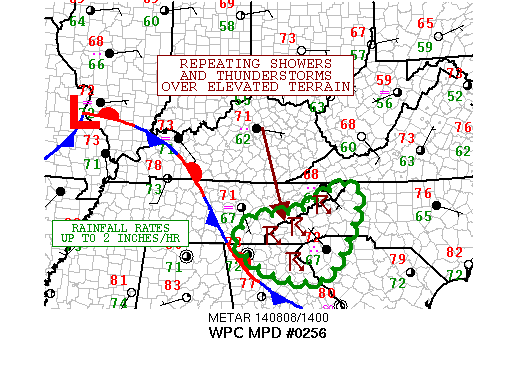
AREAS AFFECTED...EASTERN TN...WESTERN NC...NORTHWEST SC...NORTHERN
GA

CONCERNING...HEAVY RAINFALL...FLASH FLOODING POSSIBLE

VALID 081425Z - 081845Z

SUMMARY...SLOW-MOVING AND REPEATING WARM-TOPPED CONVECTION WILL
FOSTER INTENSE RAINFALL RATES AND POTENTIALLY EXCESSIVE TOTALS
THROUGH MIDDAY.

DISCUSSION...A WELL-DEFINED MCV AND ASSOCD SFC LOW CENTER OVER SRN
IL THIS MORNING IS VERY SLOWLY MOVING EASTWARD ALONG A FRONTAL
ZONE INVOLVING THE OH/TN VALLEYS. THE FRONT ACTUALLY EXTENDS SEWD
INTO CNTRL GA AND THEN EAST INTO THE SOUTHEAST COASTAL PLAIN.
MEANWHILE...A LARGE AREA OF DEEP MOISTURE WITH PWATS NEAR 2 INCHES
ARE POOLED ALONG AND JUST NORTH OF THE FRONT AS PER LATEST
GPS-DERIVED PWATS ARE NEAR 2 INCHES.

MODEST LOW LEVEL SWLY FLOW UP TO ABOUT 20 KTS IS OVERRUNNING THE
BNDRY...BUT THERE IS SUFFICIENT ELEVATED CAPE GIVEN THE LARGER
SCALE FORCING AHEAD OF THE MCV FOR NUMEROUS SHWRS/TSTMS. THE
ACTIVITY IS TENDING TO REPEAT GIVEN THE PERSISTENT LOW LVL FEED OF
MOIST/UNSTABLE AIR FROM THE TN VLY.

THE ONGOING CONVECTION IS WARM-TOPPED IN NATURE...AND AS A RESULT
RAINFALL PRODUCTION WILL BE PARTICULARLY EFFICIENT AND GIVEN THE
VERY HIGH PWAT ENVIRONMENT...RAINFALL RATES WILL BE QUITE INTENSE.
ALREADY RAINFALL RATES UPWARDS OF 2 INCHES/HR HAVE BEEN
NOTED...AND GIVEN THE SLOW-MOVEMENT AND REPETITIVE NATURE TO THE
CONVECTION...THERE WILL BE CONCERN FOR EXCESSIVE AMTS THROUGH
MIDDAY.

THE LATEST HI-RES MODEL GUIDANCE IS GENERALLY NOT HANDLING THE
CURRENT ACTIVITY TOO WELL...WITH THE 06Z NAM-CONEST AND 09Z HRRR
CONSIDERABLY UNDERDONE WITH THE CONVECTIVE COVERAGE. THE 00Z ARW
AND 00Z NMMB ARE AT LEAST BETTER IN IDENTIFY THE RELATIVE
PLACEMENT OF CONVECTIVE BANDS.

EXPECT THE ACTIVITY TO PERSIST FOR THE NEXT FEW HOURS AT LEAST AND
ESP WITH THE AID OF OROGRAPHIC FORCING. FLASH FLOODING WILL BE
POSSIBLE.